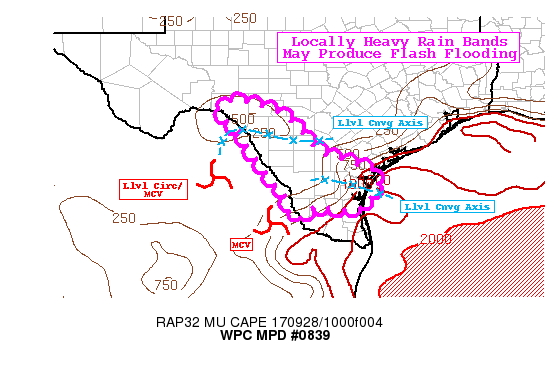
AREAS AFFECTED...SOUTH-CENTRAL AND SOUTH TEXAS

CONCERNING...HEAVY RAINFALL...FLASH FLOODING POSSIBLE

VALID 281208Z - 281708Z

SUMMARY...RAIN WILL CONTINUE TO FALL OVER MUCH OF SOUTH-CENTRAL
AND SOUTH TEXAS...WHICH HAVE RECEIVED SEVERAL CONSECUTIVE DAYS OF
RAIN. LOCALIZED HEAVY RAIN BANDS IN THIS ENVIRONMENT MAY PRODUCE
RAIN RATES UP TO 2 IN/HR AND FLASH FLOODING.

DISCUSSION...LATEST REGIONAL RADAR LOOPS SHOWED A BROAD AND
RELATIVELY DISORGANIZED AREA OF RAIN ACROSS MUCH OF SOUTHERN
TEXAS. THE RAIN WAS SITUATED IN A PLUME OF TROPICAL MOISTURE THAT
HAS BEEN WELL ESTABLISHED FOR SEVERAL DAYS NOW...WITH PRECIPITABLE
WATER VALUES OVER 2 INCHES AND THE CIRA LAYER PW PRODUCT SHOWING
THE MOISTURE PLUME EXTENDING UP THROUGH THE DEPTH OF THE
TROPOSPHERE. SUCH AN ENVIRONMENT WOULD GENERALLY BE ABLE TO
SUPPORT HEAVY RAIN...ALTHOUGH REDUCED INSTABILITY HAS BEEN
LIMITING THE VIGOR AND ORGANIZATION OF RAIN BANDS. THE GREATEST
INSTABILITY SHOULD CONTINUE TO BE FOCUSED IN THE SOUTHERN PORTIONS
OF THE OUTLINED DISCUSSION AREA...AND NEW CONVECTION LATER IN THE
MORNING COULD BE FOCUSED IN THOSE AREAS.

THERE APPEAR TO BE SEVERAL LOW-MID LEVEL MESOSCALE CIRCULATIONS OR
MCVS IN FAR NORTHERN MEXICO TIED TO AREAS OF CONVECTION THAT
LASTED THROUGH MUCH OF THE NIGHT. THESE CIRCULATIONS MAY BE
SLIGHTLY MODIFYING THE WIND FIELD NEARBY AND FOCUSING SEVERAL
AREAS OF LOW-LEVEL CONVERGENCE ACROSS SOUTH TEXAS...SEEN IN
SURFACE OBSERVATIONS AND HINTED AT IN RAP ANALYSIS FROM THE
SURFACE THROUGH 850MB. AS OF 12Z...THIS WAS BEING MANIFEST THROUGH
SEVERAL SLOW-MOVING RAIN BANDS: (1) NEAR DEL RIO TX TO NEAR UVALDE
TX... (2) NORTHERN DUVAL COUNTY TX TO OSO BAY. ALTHOUGH RAIN AND
CONVECTION DID NOT APPEAR VERY ORGANIZED THIS MORNING...THE VERY
MOIST AND TROPICAL ENVIRONMENT COMBINED WITH SEVERAL MESOSCALE
CONVERGENCE BOUNDARIES SHOULD BE SUFFICIENT TO MAINTAIN A THREAT
OF LOCALIZED FLASH FLOODING WHERE RAIN BANDS CAN PERSIST FOR A
COUPLE HOURS.